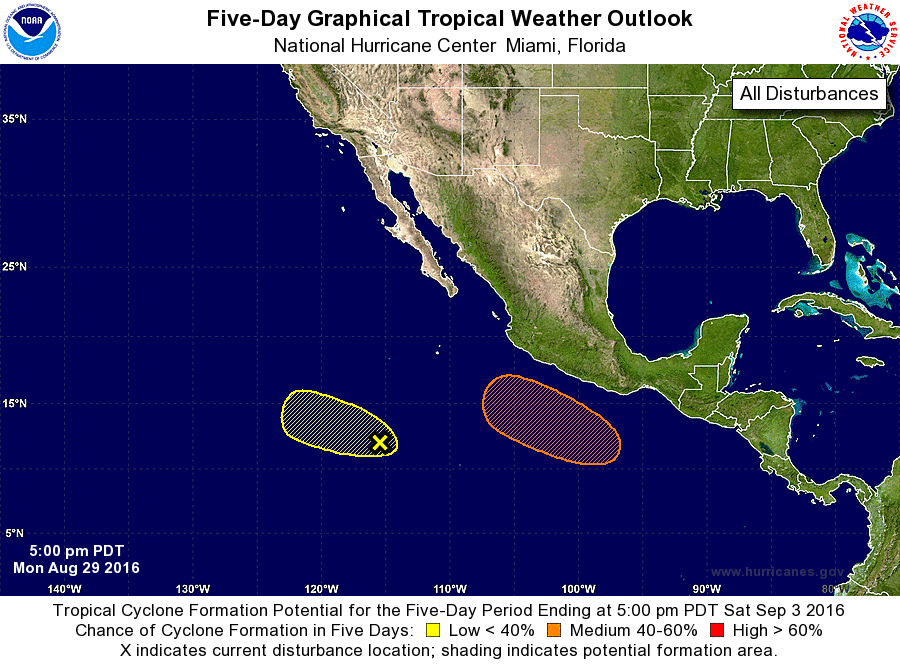
For the eastern North Pacific...east of 140 degrees west longitude:

The National Hurricane Center is issuing advisories on Hurricane Lester, located well east of the Hawaiian Islands.

1. A broad and elongated area of low pressure located several hundred miles south-southwest of the southern tip of the Baja California peninsula continues to produce a large area of cloudiness and disorganized showers. Development, if any, of this system should be slow to occur while it moves slowly westward during the next several days.
* Formation chance through 48 hours...low...near 0 percent
* Formation chance through 5 days...low...20 percent

2. An area of low pressure is expected to form by the end of the week a few hundred miles south or southeast of Acapulco, Mexico. Environmental conditions appear conducive for gradual development of this system while it moves west-northwestward or northwestward.
* Formation chance through 48 hours...low...near 0 percent
* Formation chance through 5 days...medium...40 percent

Forecaster Cangialosi